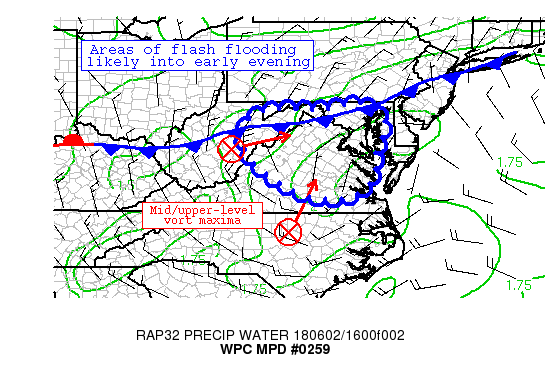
AREAS AFFECTED...PORTIONS OF WV...VA...MD AND DC

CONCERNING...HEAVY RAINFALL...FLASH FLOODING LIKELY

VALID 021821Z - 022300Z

SUMMARY...HEAVY RAINFALL PRODUCING SHOWERS AND THUNDERSTORMS ARE
EXPECTED TO INCREASE IN COVERAGE INTO EARLY EVENING. WITH GROUND
ALREADY SATURATED IN MANY AREAS DUE TO RECENT RAINS, FLASH
FLOODING IS LIKELY.

DISCUSSION...MULTIPLE FACTORS ARE SUPPORTIVE OF HEAVY RAINFALL
ACROSS PORTIONS OF THE MID-ATLANTIC REGION THIS AFTERNOON. A POOL
OF DEEP AND ANOMALOUS MOISTURE (PWATS AROUND 2 INCHES) IS IN PLACE
EAST OF THE CENTRAL APPALACHIANS. THESE VALUES ARE NEAR 3 STANDARD
DEVIATIONS ABOVE AVERAGE, AND ARE AT OR SURPASSING THE 99TH
PERCENTILE BASED ON ESAT DATA. TWO MID-UPPER LEVEL VORTICITY
MAXIMA ARE NOTED ON GOES-16 WATER VAPOR IMAGERY ACROSS THE REGION
THIS AFTERNOON, ONE CROSSING WEST VIRGINIA THIS AFTERNOON,
ASSOCIATED WITH A BROADER UPPER TROUGH, AND A SECOND MORE SUBTLE
FEATURE NOTED ACROSS NORTHERN NORTH CAROLINA MOVING NORTHEASTWARD.
ADDITIONALLY, A LOW-LEVEL CIRCULATION WAS NOTED ON VISIBLE
SATELLITE, AND ALSO ON THE LATEST SPC MESOANALYSIS ACROSS EAST
CENTRAL VA, RESULTING IN A REGION OF ENHANCED LOW-LEVEL
CONVERGENCE ACROSS CENTRAL VA. INSTABILITY HAS INCREASED THROUGH
THE DAY, AND MUCAPE VALUES HAVE REACHED 1000-2000 J/KG ACROSS THE
AREA.

CONVECTIVE ACTIVITY SHOULD CONTINUE TO INCREASE THROUGH THE NEXT
SEVERAL HOURS AS THE UPPER-LEVEL DISTURBANCES APPROACH THE AREA OF
CONCERN. HI-RES GUIDANCE SHOW SOME DISCREPANCIES AS TO PLACEMENT
OF THE HIGHEST RAINFALL AMOUNTS. BUT IN GENERAL, WOULD EXPECT
GREATEST CONCENTRATION OF THUNDERSTORMS INITIALLY ACROSS
WEST-CENTRAL VA, WITH ACTIVITY GRADUALLY SPREADING NORTH/EAST
THROUGH LATE AFTERNOON/EARLY EVENING ALONG WITH THE BEST
UPPER-LEVEL FORCING. THE HRRR SEEMED TO HAVE A GOOD HANDLE ON THE
ONGOING CONVECTION, AND THE 12Z WRF-ARW IS SIMILAR. BOTH OF THESE
SOLUTIONS HIGHLIGHT AREAS ACROSS CENTRAL VA WITH THE GREATEST
THREAT FOR HEAVY RAINFALL OVER THE NEXT SEVERAL HOURS, WITH THE
POSSIBILITY FOR ADDITIONAL AREAS OF HEAVY RAIN IN CLOSER PROXIMITY
TO THE SURFACE FRONT OVER NORTHERN VA/MD. THE HRRR AND ARW
INDICATE THAT LOCALIZED AMOUNTS EXCEEDING 3 INCHES (AND HOUR RATES
OF 1-1.5 INCHES) ARE POSSIBLE THROUGH 00Z. GIVEN GROUND ALREADY
SATURATED IN MANY AREAS FROM RECENT RAINS, FLASH FLOODING IS
LIKELY.